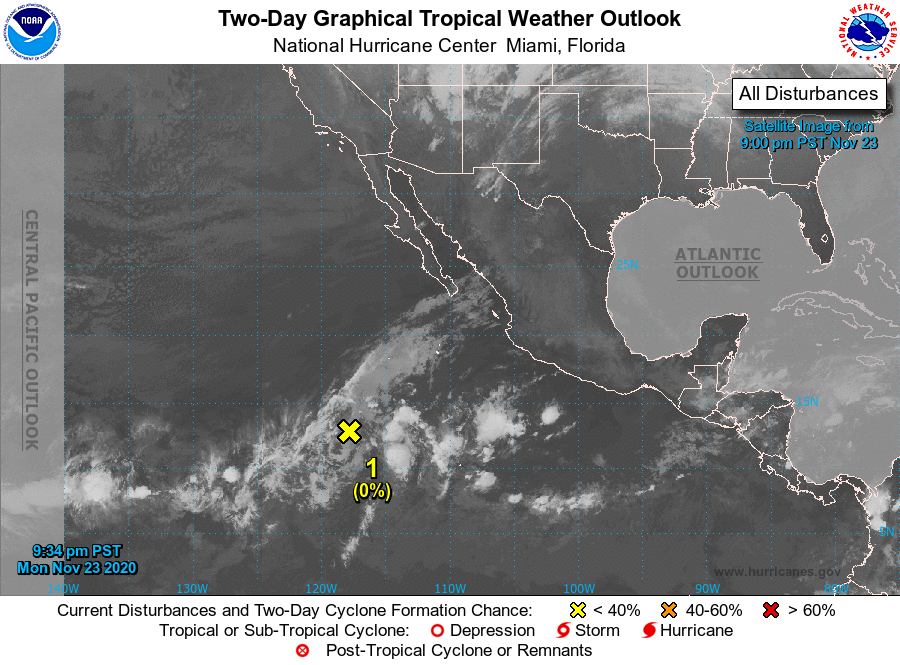
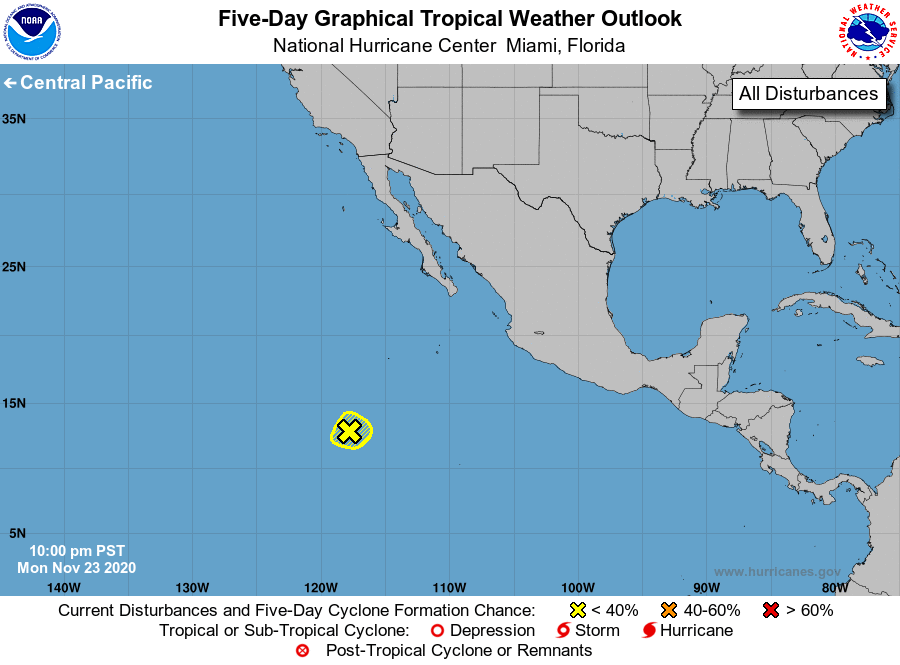
For the eastern North Pacific...east of 140 degrees west longitude:

1. Cloudiness and showers have diminished in association with a trough of low pressure located several hundred miles southwest of the southern tip of the Baja California peninsula. Environmental conditions are expected to continue to be come unfavorable for development, and tropical cyclone formation now appears unlikely.
* Formation chance through 48 hours...low...near 0 percent.
* Formation chance through 5 days...low...near 0 percent.

Forecaster Stewart